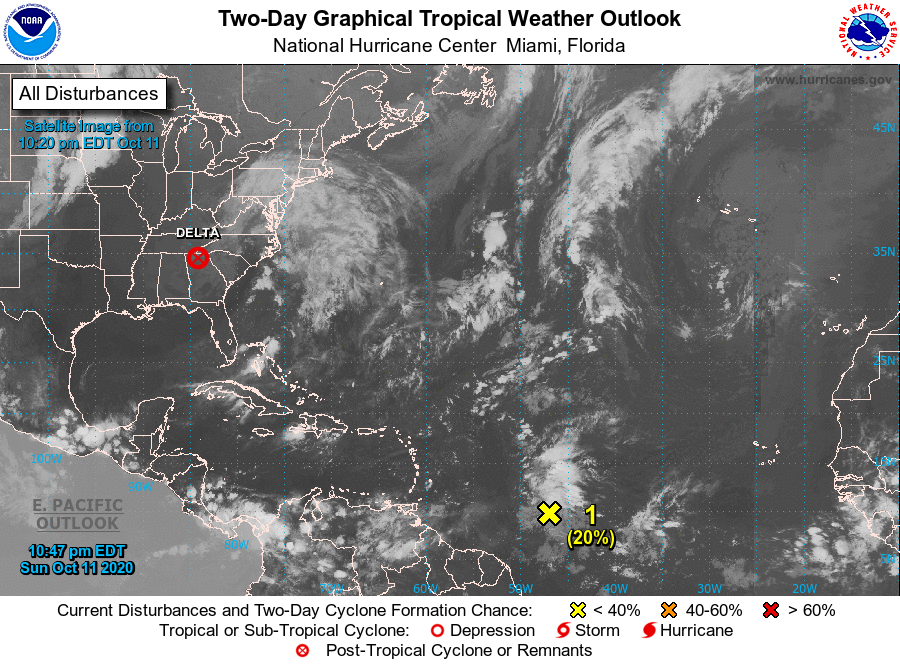
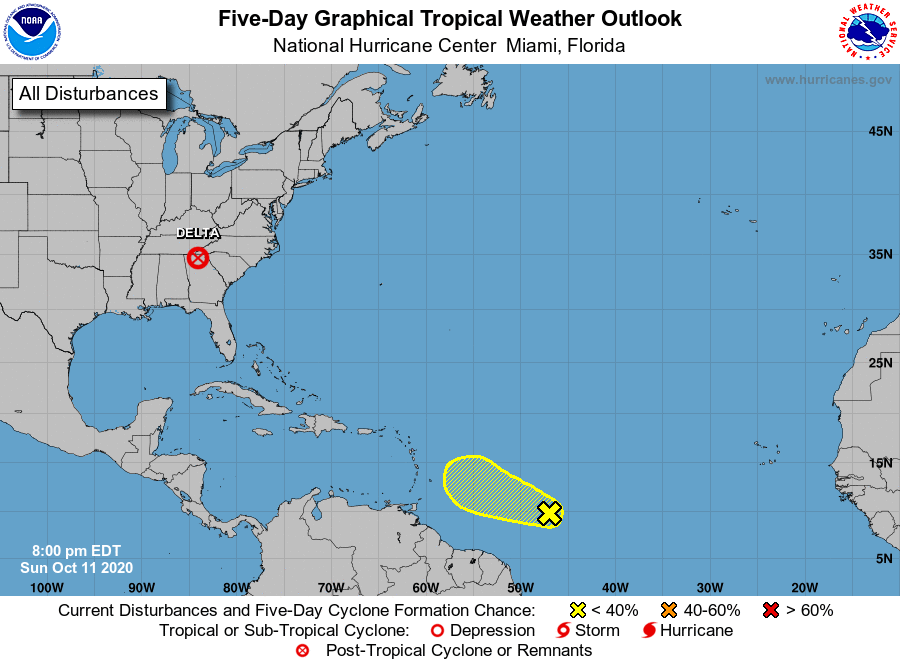
For the North Atlantic...Caribbean Sea and the Gulf of Mexico:

The Weather Prediction Center is issuing advisories on Post-Tropical Cyclone Delta, located inland over the eastern Tennessee Valley.

1. A tropical wave located about 900 miles east of the Windward Islands continues to produce disorganized showers and thunderstorms. Some slow development of this system is possible during the next day or so while it moves generally westward near 15 mph. However, strong upper-level winds are expected to limit additional development by midweek.
* Formation chance through 48 hours...low...20 percent.
* Formation chance through 5 days...low...20 percent.

Public advisories issued by the Weather Prediction Center on Post-Tropical Cyclone Delta can be found under AWIPS header TCPAT1, WMO header WTNT31 KWNH, and on the web at https://www.wpc.ncep.noaa.gov and https://www.hurricanes.gov

Forecaster Stewart